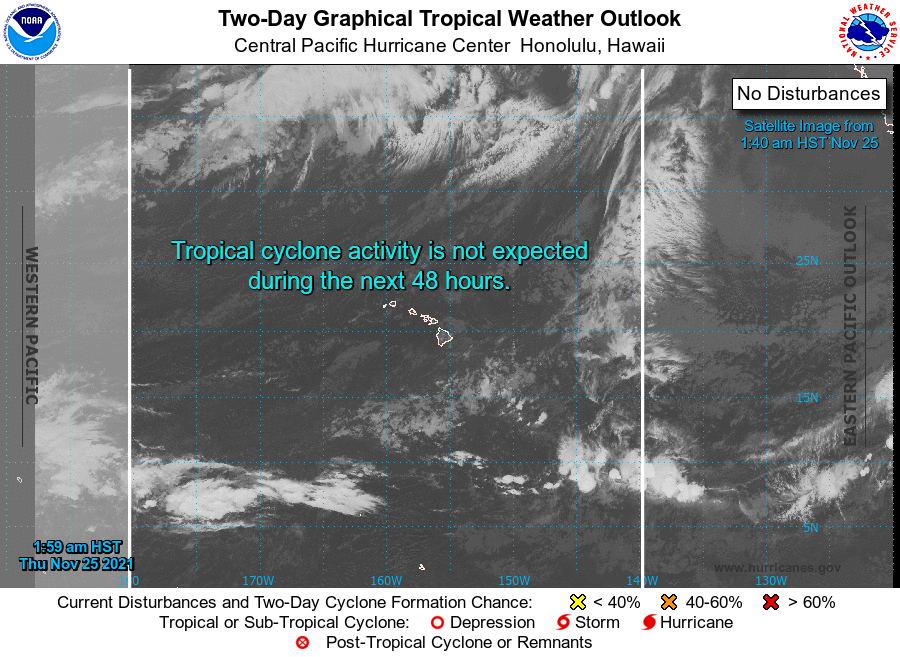
For the central North Pacific...between 140W and 180W:

No tropical cyclones are expected during the next 5 days.

The central North Pacific hurricane season officially ends on November 30. We will resume issuing outlooks starting on June 1 of 2022.

Forecaster Gibbs